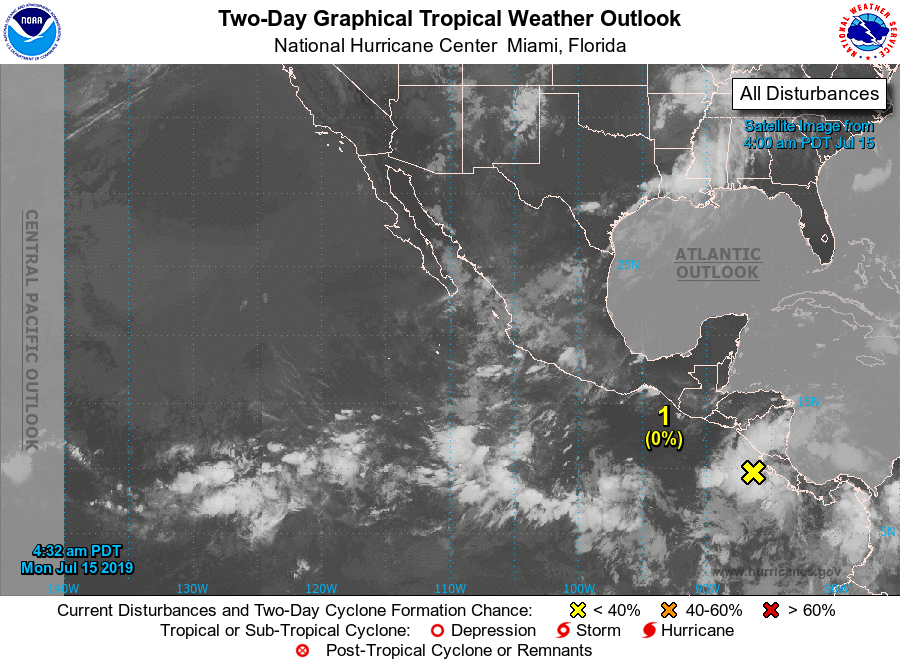
For the eastern North Pacific...east of 140 degrees west longitude:

1. A westward-moving tropical wave has emerged off the coasts of Costa Rica and Nicaragua this morning. An area of low pressure is likely to form in association with this disturbance during the next few days several hundred miles south of the southern coast of Mexico. Conditions appear favorable for gradual development of this system by late week and over the weekend while it moves westward to west-northwestward at 10 to 15 mph.
* Formation chance through 48 hours...low...near 0 percent.
* Formation chance through 5 days...low...30 percent.

Forecaster Latto/Stewart